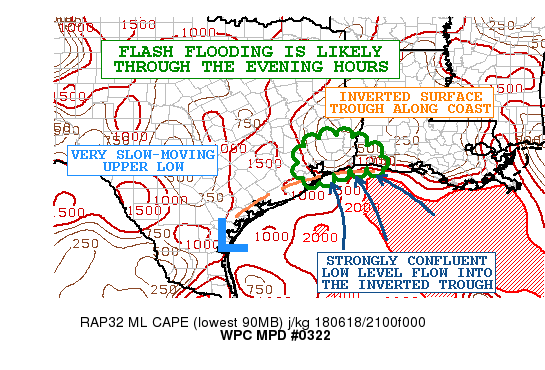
AREAS AFFECTED...SOUTHEAST TX...SOUTHWEST LA

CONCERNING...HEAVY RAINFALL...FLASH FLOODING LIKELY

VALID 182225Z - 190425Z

SUMMARY...EXTREMELY HEAVY RAINFALL CAN BE EXPECTED THROUGH THE
EVENING HOURS. RAINFALL RATES OF AS HIGH AS 3 INCHES/HR FALLING ON
TOP OF EARLIER HEAVY RAINS WILL RESULT IN FLASH FLOODING WHICH MAY
BE SIGNIFICANT.

DISCUSSION...AN IMPRESSIVE CONVECTIVE BAND WITH VERY HEAVY
RAINFALL RATES CONTINUES TO IMPACT THE FAR UPPER TX COAST NEAR THE
BEAUMONT/PORT-ARTHUR AREA ALONG WITH ADJACENT AREAS OF EXTREME
SOUTHWEST LA TO TO THE SOUTHWEST OF LAKE CHARLES. ALREADY AS MUCH
AS 3 TO 5 INCHES OF RAIN HAS BEEN REPORTED...AND THE LATEST RADAR
IMAGERY SHOWS ADDITIONAL BANDS OF CONVECTION OFFSHORE OVER THE
NORTHWEST GULF OF MEXICO THAT IS ADVANCING OFF TO THE NORTHWEST.

THE GOES-16 10.3 MICRON/IR SATELLITE IMAGERY SHOWS A PERSISTENCE
OF COLD CONVECTIVE TOPS WITH THIS ACTIVITY WHICH IS ALL FOCUSED
AROUND THE NORTHEAST FLANK OF A BROAD MID LEVEL AREA OF LOW
PRESSURE ALONG THE SOUTH-CENTRAL TX COAST WHICH IS MOVING VERY
SLOWLY WEST. THE CONVECTION THOUGH IS BEING STRONGLY AIDED BY THE
PRESENCE OF A LOW LEVEL TROUGH ALONG THE IMMEDIATE GULF COAST AND
THE STRONGLY CONFLUENT FLOW INTO THIS LOW LEVEL TROUGH COUPLED
WITH THE NOSE OF 1000 TO 2000 J/KG OF MLCAPE IS SUSTAINING THE
CONVECTIVE DEVELOPMENT.

THE DEEP LAYER CYCLONIC FLOW OVER THE REGION MEANWHILE IS
TRANSPORTING A DEEP COLUMN OF TROPICAL MOISTURE ACROSS MUCH OF THE
WESTERN GULF COAST REGION. IN FACT...THE PWATS THIS AFTERNOON HAVE
BEEN IMPRESSIVELY HIGH...AND RANGING GENERALLY BETWEEN 2.3 AND 2.5
INCHES BASED ON HOURLY GPS-DERIVED DATA AND AN 18Z RAOB FROM KCRP.

HIGHLY EFFICIENT RAINFALL PROCESSES ARE IN PLACE GIVEN THE
CONCENTRATION OF MOISTURE SEEN IN THE 500/300 MB LAYER AS PER THE
LATEST CIRA-LPW DATA AT 21Z. THIS COUPLED WITH THE VERY COLD
CONVECTIVE TOPS WILL CONTRIBUTE TO VERY HIGH RAINFALL RATES THAT
MAY APPROACH OR EXCEED 3 INCHES/HR.

THE LATEST HRRR/HRRRX GUIDANCE FROM 21Z SUPPORTS A SUSTAINABLE
CONVECTIVE BAND THROUGH MID-EVENING WITH ADDITIONAL RAINFALL
AMOUNTS OF 4 TO 8 INCHES POSSIBLE. FLASH FLOODING IS LIKELY...WITH
SIGNIFICANT RUNOFF PROBLEMS ANTICIPATED. THIS WILL ESPECIALLY BE
THE CASE IN AND AROUND THE BEAUMONT/PORT-ARTHUR AREA.